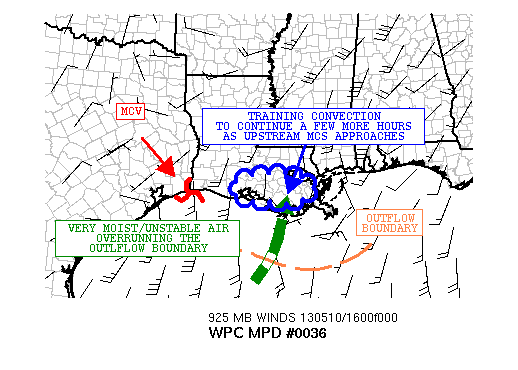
AREAS AFFECTED...SOUTHERN LA

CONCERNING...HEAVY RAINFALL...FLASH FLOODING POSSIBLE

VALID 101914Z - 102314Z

SUMMARY..FLASH FLOODING POSSIBLE THROUGH THE AFTERNOON AS A
WEST/EAST CONVECTIVE BAND SETS UP AHEAD OF AN APPROACHING
CONVECTIVE COMPLEX AND FOSTERS AN ENHANCED THREAT FOR TRAINING
CONVECTION.

DISCUSSION...THE LATEST VIS SATELLITE IMAGERY INDICATES A
WEST/EAST ORIENTED CONVECTIVE BAND OVER SOUTHERN LA EXTENDING EAST
FROM THE UPSTREAM MCS THAT IS EXITING SOUTHEAST TX. A FAIRLY
ROBUST CONVECTIVE VORT IS ASSOCIATED WITH THE MCS AND APPEARS TO
BE DYNAMICALLY AIDING THE CONVECTIVE LINE TO THE EAST...WITH AT
LEAST SOME INTENSIFICATION TO THE WARM AIR/MOISTURE ADVECTION
PATTERN INTO SOUTHERN LA OUT OF THE GULF OF MEXICO. THE CONVECTION
THOUGH IS GENERALLY ROOTED IN THE 850MB TO 925MB WITH THE BOUNDARY
LAYER QUITE STABLE IN THE WAKE OF AN OUTFLOW BOUNDARY PASSAGE FROM
EARLY MORNING CONVECTION OVER THIS AREA. SOUTH-SOUTHWESTERLY FLOW
IN THE 850MB TO 925MB BASED ON THE LATEST RAP ANALYSIS HAS
ACTUALLY INCREASED THE LAST FEW HOURS TO AROUND 30 KTS AHEAD OF
THE APPROACHING MCS...AND WITH A POOL OF MUCAPE VALUES JUST OFF
SOUTHWEST LA AT OR ABOVE 2000 J/KG. THIS ENERGY WILL BE ADVECTED
NORTHEAST INTO SOUTHERN LA IN AN ELEVATED FASION THROUGH THE
AFTERNOON AHEAD OF THE MCS AND SHOULD SUSTAIN THE THREAT FOR
TRAINING CONVECTION FOR A FEW MORE HOURS UNTIL THE MCS ARRIVES AND
CLEARS THE REGION. PWATS OF 1.6 TO 1.7 INCHES AS PER LATEST
GOES-SOUNDER DATA WILL SUPPORT RAINFALL RATES OF 1 TO 2 INCHES/HR.
DESPITE HIGH FFG VALUES...THESE PERSISTENT CONVECTIVE RAINS MAY
LEAD TO SOME RUNOFF PROBLEMS.